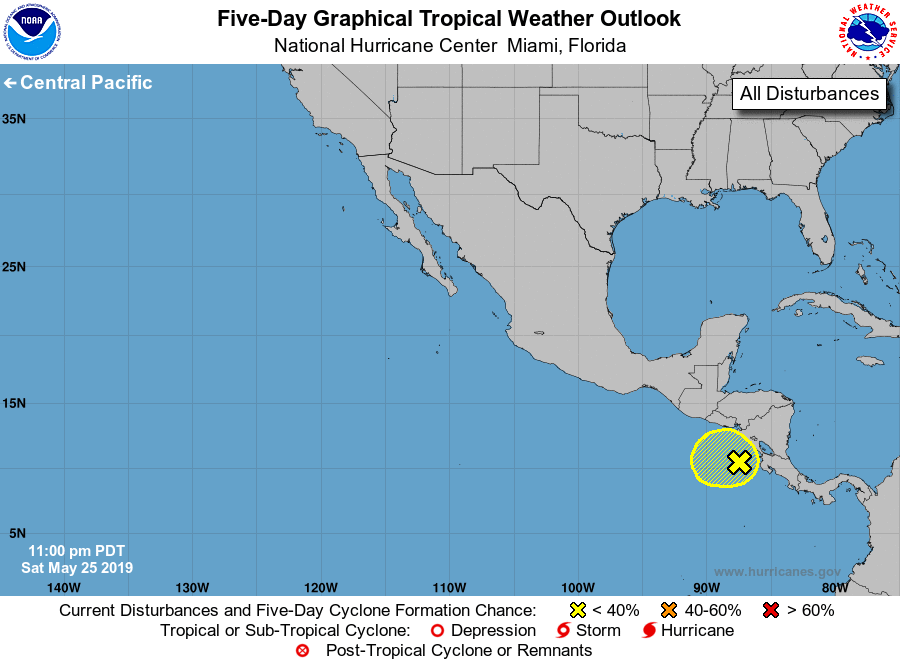
For the eastern North Pacific...east of 140 degrees west longitude:

1. An elongated area of low pressure continues to produce disorganized cloudiness and shower activity over the far eastern Pacific. This broad disturbance remains poorly defined, and environmental conditions are expected to gradually become less conducive for tropical cyclone formation over the next two to three days. Regardless of development, locally heavy rains are likely to continue over portions of Central America into early next week. These rains could cause flash flooding and mudslides in areas of mountainous terrain.
* Formation chance through 48 hours...low...10 percent.
* Formation chance through 5 days...low...30 percent.

Forecaster Stewart